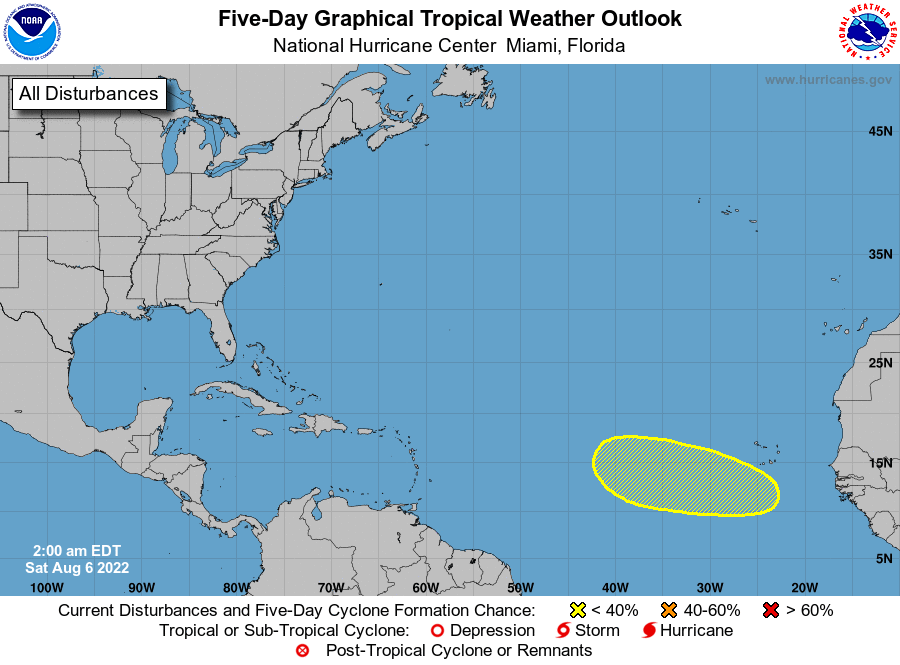
For the North Atlantic...Caribbean Sea and the Gulf of Mexico:

1. Eastern Tropical Atlantic: A tropical wave is forecast to move off the west coast of Africa later this weekend. Environmental conditions are expected to be conducive for some gradual development of this system while it moves westward across the eastern and central tropical Atlantic during the early to middle part of next week.
* Formation chance through 48 hours...low...near 0 percent.
* Formation chance through 5 days...low...20 percent.

Forecaster Brown